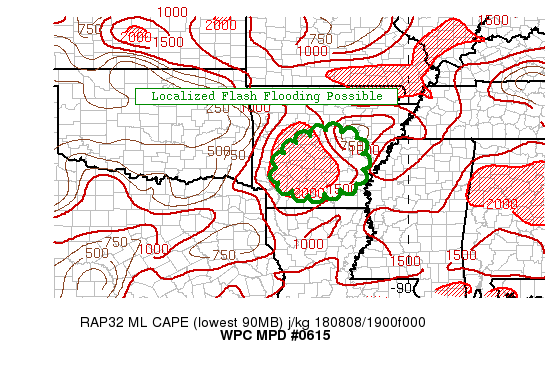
Areas affected...Central and Southern Arkansas

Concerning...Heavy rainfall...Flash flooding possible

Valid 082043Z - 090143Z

Summary....A localized flash flood threat exists through the
afternoon hours across portions of central and southern Arkansas.

Discussion...Convection continues to expand in coverage this
afternoon across portions of central and southern Arkansas. This
activity is developing within a highly unstable and moist airmass,
with MLCAPE values between 2000-3000 J/KG and PWs exceeding 2".
This overlap of instability and moisture is supportive of
efficient heavy rainfall producers over the next several hours.

In general this activity is forward propagating enough that the
duration of heaviest rates has been limited. With that said, there
is likely enough development that at least some cell mergers are
probable, locally extending the duration of heavier rates. Thus
while amounts in the 1-2" range are most likely, localized 3"+
amounts are possible through the afternoon hours. The heaviest of
this activity appears to be focused just south of areas that were
recently hit hard over central Arkansas. However, still some
chance that some of these areas get clipped over the next few
hours. Thus anticipate a localized flash flood risk both where
cells merge, and where rain overlaps the lower flash flood
guidance over the harder hit areas of central Arkansas.